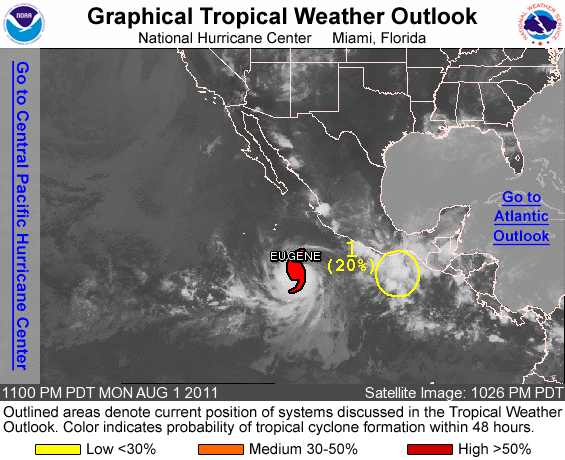
FOR THE EASTERN NORTH PACIFIC...EAST OF 140 DEGREES WEST LONGITUDE..

THE NATIONAL HURRICANE CENTER IS ISSUING ADVISORIES ON HURRICANE EUGENE...LOCATED ABOUT 435 MILES SOUTH-SOUTHWEST OF MANZANILLO MEXICO.

1. DISORGANIZED SHOWERS AND THUNDERSTORMS CONTINUE NEAR THE GULF OF TEHUANTEPEC. ALTHOUGH UPPER-LEVEL WINDS ARE ONLY MARGINALLY CONDUCIVE...SOME DEVELOPMENT OF THIS SYSTEM IS POSSIBLE OVER THE NEXT COUPLE OF DAYS. THIS SYSTEM HAS A LOW CHANCE...20 PERCENT...OF BECOMING A TROPICAL CYCLONE DURING THE NEXT 48 HOURS AS IT MOVES SLOWLY WESTWARD.

ELSEWHERE...TROPICAL CYCLONE FORMATION IS NOT EXPECTED DURING THE NEXT 48 HOURS.

FORECASTER BLAKE